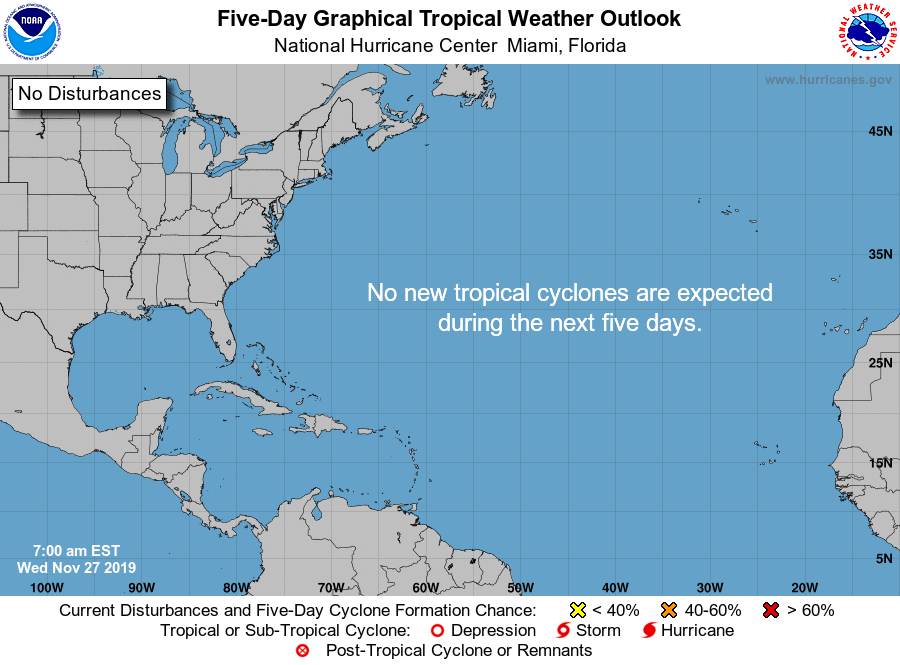
For the North Atlantic...Caribbean Sea and the Gulf of Mexico:

Tropical cyclone formation is not expected during the next 5 days.

Forecaster Beven